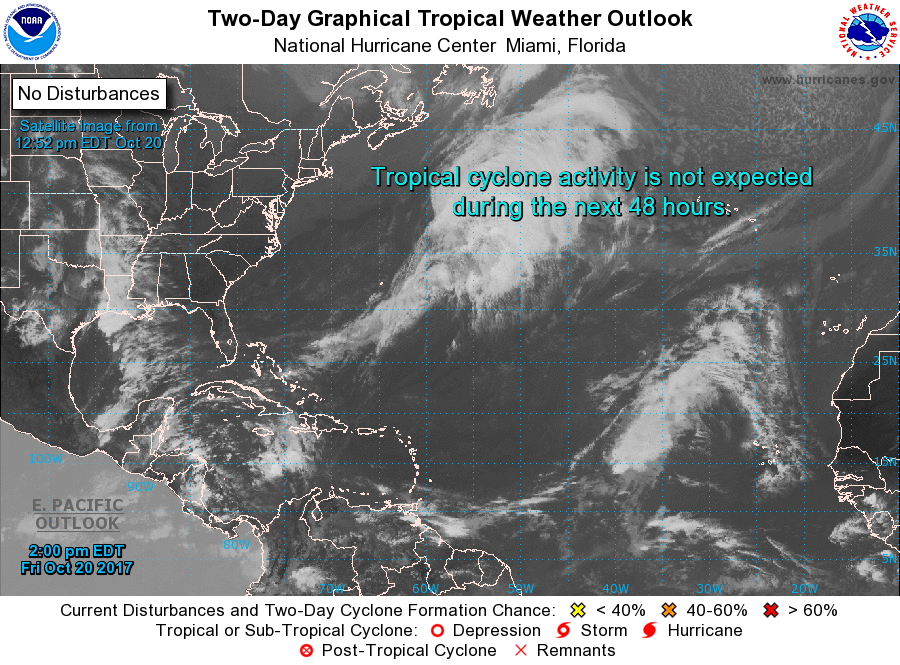
For the North Atlantic...Caribbean Sea and the Gulf of Mexico:

Tropical cyclone formation is not expected during the next 5 days.

Forecaster Avila